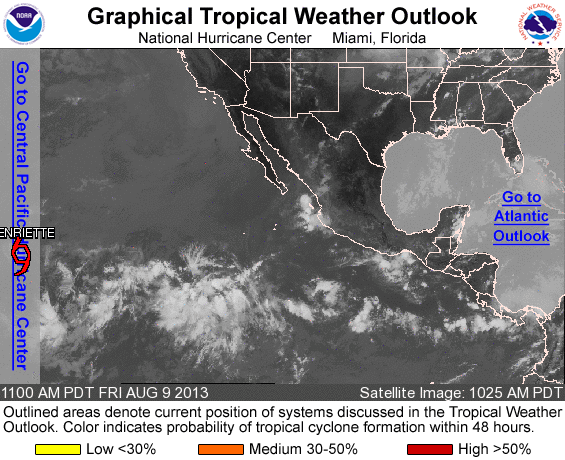
FOR THE EASTERN NORTH PACIFIC...EAST OF 140 DEGREES WEST LONGITUDE..

THE LARGE DISTURBANCE LOCATED ABOUT 1000 MILES SOUTHWEST OF MANZANILLO MEXICO HAS BECOME LESS ORGANIZED. HOWEVER... ENVIRONMENTAL CONDITIONS ARE EXPECTED TO BECOME MORE CONDUCIVE FOR SOME DEVELOPMENT OF THIS SYSTEM OVER THE NEXT FEW DAYS WHILE IT MOVES WESTWARD AT 10 TO 15 MPH. THIS SYSTEM HAS A MEDIUM CHANCE... 30 PERCENT...OF BECOMING A TROPICAL CYCLONE DURING THE NEXT 48 HOURS AND A HIGH CHANCE...60 PERCENT...OF BECOMING A TROPICAL CYCLONE DURING THE NEXT 5 DAYS.

A TROUGH OF LOW PRESSURE LOCATED ABOUT 1650 MILES SOUTHWEST OF THE SOUTHERN TIP OF BAJA CALIFORNIA CONTINUES TO PRODUCE DISORGANIZED SHOWERS AND THUNDERSTORMS. ENVIRONMENTAL CONDITIONS ARE FORECAST TO BE MARGINALLY CONDUCIVE FOR GRADUAL DEVELOPMENT OF THIS SYSTEM DURING THE NEXT FEW DAYS. THIS SYSTEM HAS A LOW CHANCE...20 PERCENT...OF BECOMING A TROPICAL CYCLONE DURING THE NEXT 48 HOURS...AND A MEDIUM CHANCE...30 PERCENT...OF BECOMING A TROPICAL CYCLONE DURING THE NEXT 5 DAYS AS IT MOVES WESTWARD AROUND 10 MPH.

&&
FIVE-DAY FORMATION PROBABILITIES ARE EXPERIMENTAL IN 2013. COMMENTS ON THE EXPERIMENTAL FORECASTS CAN BE PROVIDED AT...

HTTP://WWW.NWS.NOAA.GOV/SURVEY/NWS-SURVEY.PHP?CODE=ETWO

FORECASTER BLAKE